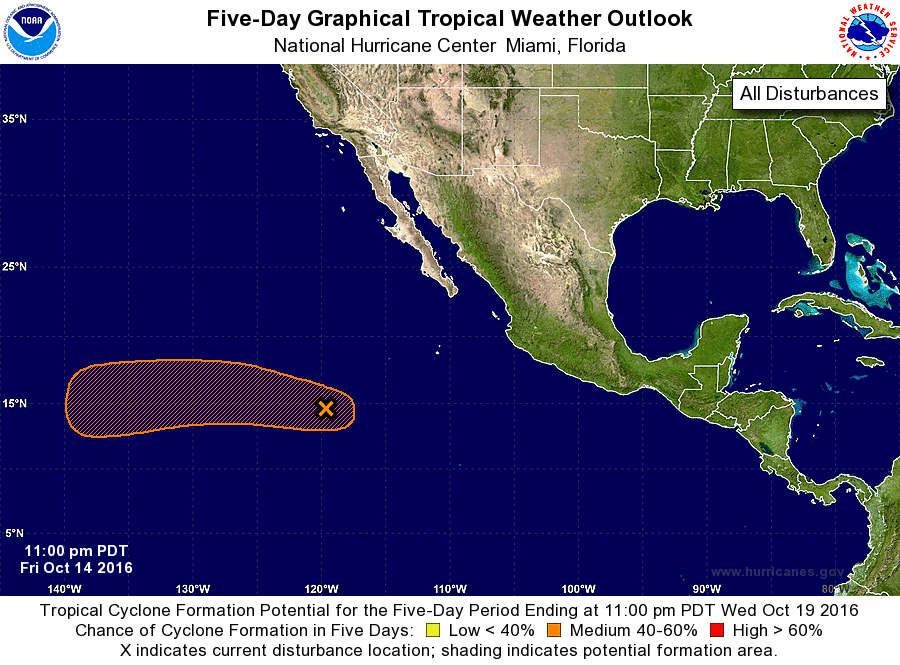
For the eastern North Pacific...east of 140 degrees west longitude:

1. A broad area of low pressure located about 800 miles southwest of the southern tip of the Baja California peninsula continues to produce disorganized shower and thunderstorm activity. Some gradual development of this disturbance is possible during the next several days while it moves generally westward at around 15 mph.
* Formation chance through 48 hours...low...10 percent
* Formation chance through 5 days...medium...50 percent

Forecaster Avila